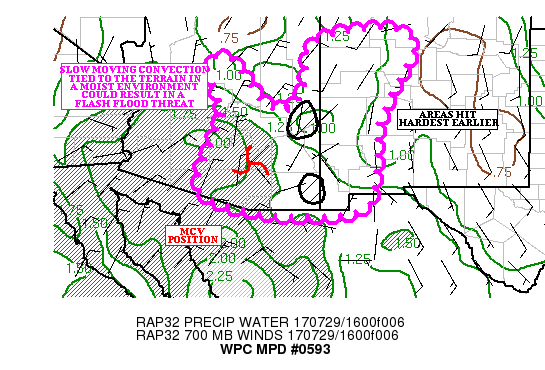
AREAS AFFECTED...AZ...WESTERN NM

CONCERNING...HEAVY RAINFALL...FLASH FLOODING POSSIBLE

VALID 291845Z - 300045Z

SUMMARY...SCATTERED CONVECTION...INITIALLY TIED TO THE
TERRAIN...IS EXPECTED TO PRODUCE HOURLY RAINFALL RATES BETWEEN
1.00 AND 1.50 INCHES...WHICH COULD RESULT IN A FLASH FLOOD THREAT
THROUGH THE AFTERNOON.

DISCUSSION...THE EXPERIMENTAL GOES-16 CLEAN IR IMAGES SHOWED AN
EXPANSION OF CELLS WITH RAPIDLY COOLING TOPS...PARTICULARLY OVER
THE TERRAIN OF WESTERN NM...WHERE A LOW  LEVEL EAST SOUTHEAST FLOW
IS FOCUSING MOISTURE AND INSTABILITY IN AN UPSLOPE FLOW. THE
CONVECTION IS FORMING IN AN AXIS OF 500-1000 J/KG OF MLCAPE
STRADDLING THE AZ/NM BORDER...WHERE THE CIN HAS BEEN ERODED.

THE BEST MOISTURE ASSOCIATED WITH THE MONSOONAL FLOW IS FOCUSED
OVER SOUTHWEST AZ...WHERE PRECIPITABLE WATER VALUES ARE CLOSER TO
2.00 INCHES. HOWEVER...THE UPSLOPE FLOW IS TRANSPORTING 1.00/1.25
INCH PRECIPITABLE WATER ONTO THE WESTERN NM TERRAIN. THE
CONVECTION HAS SHOWN LITTLE MOVEMENT ON THE KHDX RADAR...AS IT IS
INITIALLY TIED TO THE TERRAIN.

THE 850-300 MB FLOW IS FAIRLY WEAK OVER EASTERN AZ/WESTERN
NM...WHICH SUGGESTS THAT CONVECTION THAT DEVELOPS MOVES SLOWLY...
INCREASING THE POTENTIAL FOR CELL MERGERS AND SHORT TERM TRAINING.
THE MOST RECENT HRRR INDICATED THE POTENTIAL FOR LOCAL 1.00/1.50
INCH HOURLY RAINFALL RATES...AND BASED ON THE MOISTURE PROFILES
AND THE SLOW CELL MOTIONS...THESE AMOUNTS SEEM PLAUSIBLE. THE MOST
RECENT HRRR PERCENT OF SOIL MOISTURE PRODUCT SHOWED AREAS WITH
NEARLY SATURATED SOILS OVER PORTIONS OF EASTERN AZ...MAKING THEM
MORE SUSCEPTIBLE FOR FLASH FLOODING.

FURTHER SOUTHWEST ACROSS SOUTH CENTRAL AZ...AN OLD MCV COULD
PROVIDE A FOCUS FOR THE DEEP MOISTURE AND MARGINAL INSTABILITY
(WHICH IS BATTING CIN AT THAT MOMENT) FOR ADDITIONAL CONVECTIVE
DEVELOPMENT. IN THIS AREA...THERE IS SLIGHTLY MORE PRONOUNCED MID
LEVEL FLOW THAN FURTHER EAST...WHICH COULD MITIGATE AN ENHANCED
FLASH FOOD THREAT TO SOME DEGREE.

THE THREAT COULD PERSIST PAST 00Z...AND THE THREAT WILL BE
REEVALUATED AT THAT TIME.